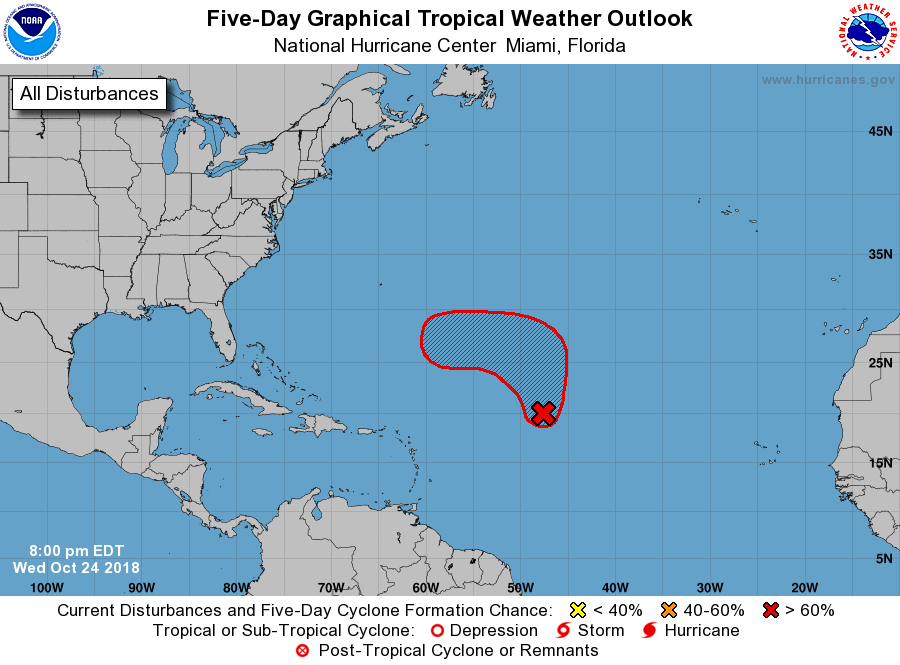
For the North Atlantic...Caribbean Sea and the Gulf of Mexico:

1. A large area of disturbed weather over the central tropical Atlantic Ocean is associated with a broad area of low pressure located about 900 miles east of the northern Leeward Islands. This system has become better organized since yesterday with increased thunderstorm activity, although the low's circulation is still not well defined. This disturbance is expected to move northward over the next couple of days into an area where environmental conditions are forecast to be generally conducive for development, and a tropical or subtropical depression or storm is most likely to form on Friday or Saturday. After that time, the system is forecast to turn westward well to the northeast of the Lesser Antilles through early next week.
* Formation chance through 48 hours...medium...40 percent.
* Formation chance through 5 days...high...70 percent.

Additional information on this system can be found in High Seas Forecasts issued by the National Weather Service, under AWIPS header NFDHSFAT1, WMO header FZNT01 KWBC, and available on the Web at https://ocean.weather.gov/shtml/NFDHSFAT1.shtml

Forecaster Blake